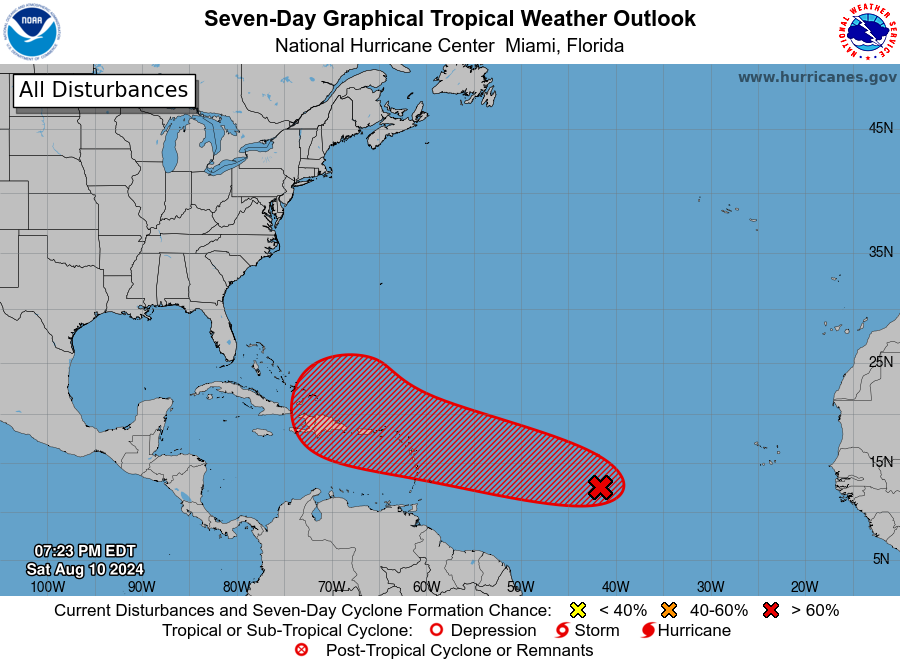
For the North Atlantic...Caribbean Sea and the Gulf of Mexico:

1. Near the Lesser and Greater Antilles (AL98): Shower and thunderstorm activity is showing some signs of organization in association with a tropical wave located roughly midway between the Cabo Verde Islands and the Lesser Antilles. Environmental conditions appear conducive for gradual development of this system during the next few days while it moves westward to west-northwestward at 15 to 20 mph across the central tropical Atlantic. A tropical depression is likely to form by the early to middle part of next week while the system approaches and then moves near or over the Lesser Antilles, and interests there should monitor the progress of this system. Then, the system is forecast to move generally west-northwestward and could approach portions of the Greater Antilles by the middle to latter part of next week.
* Formation chance through 48 hours...medium...50 percent.
* Formation chance through 7 days...high...90 percent.

Forecaster Papin